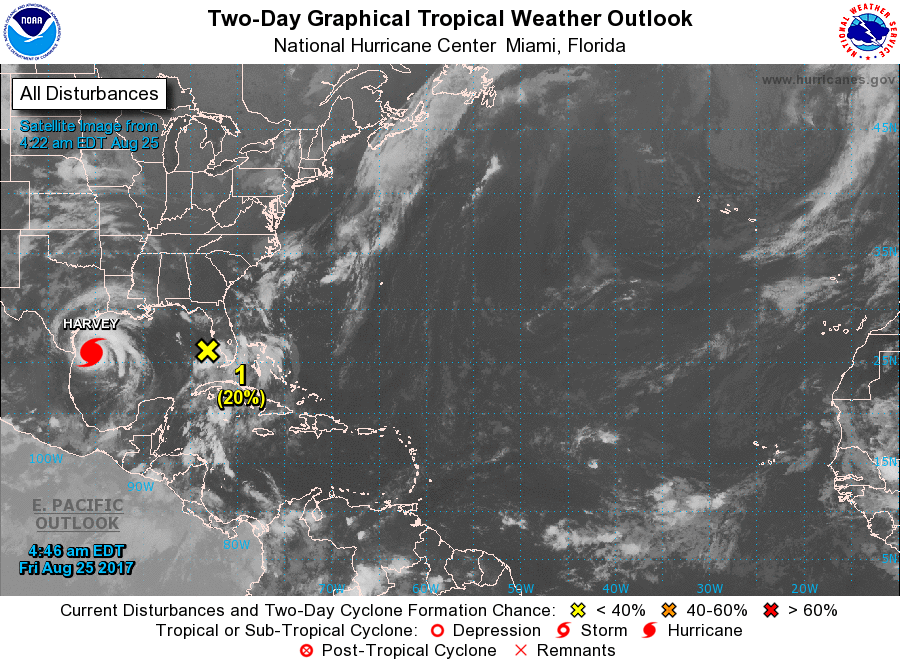
For the North Atlantic...Caribbean Sea and the Gulf of Mexico:

The National Hurricane Center is issuing advisories on Hurricane Harvey, located over the western Gulf of Mexico.

1. A trough of low pressure extending from the eastern Gulf of Mexico over central Florida is producing disorganized showers and thunderstorms. Although strong upper-level winds could limit tropical cyclone formation, some subtropical development is possible over the weekend or early next week while the system moves northeastward over the western Atlantic before it merges with a front. Regardless of development, very heavy rain and flooding is possible over portions of southern and central Florida during the next few days. Please refer to products from your local National Weather Service office for more information on this system.
* Formation chance through 48 hours...low...20 percent.
* Formation chance through 5 days...medium...40 percent.

Forecaster Zelinsky